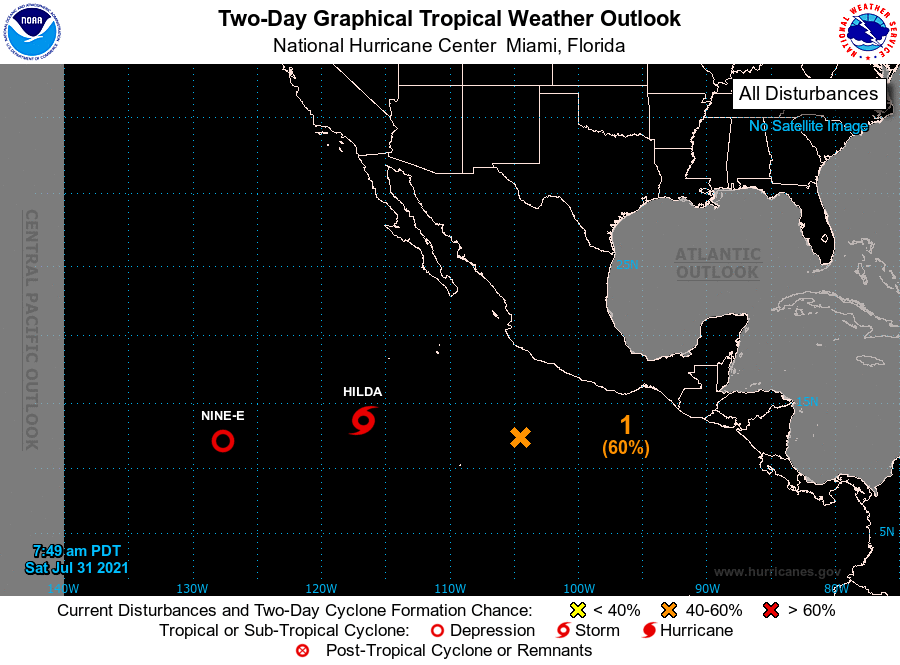
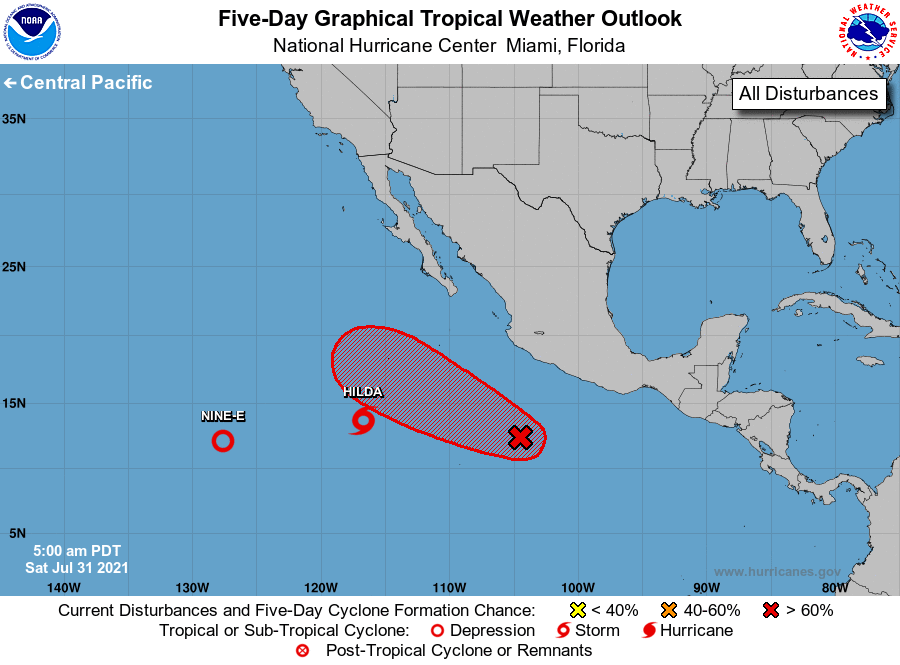
For the eastern North Pacific...east of 140 degrees west longitude:

The National Hurricane Center is issuing advisories on Tropical Storm Hilda, located about 750 miles south-southwest of the southern tip of the Baja California peninsula, and on Tropical Depression Nine-E, located about 1300 miles west-southwest of the southern tip of the Baja California peninsula.

1. Showers and thunderstorms are showing some signs of organization in association with a broad area of low pressure located about 400 miles south-southwest of the coast of southern Mexico. Continued gradual development of this system is expected, and a tropical depression is likely to form in a couple of days before environmental conditions become less conducive for development. This disturbance is expected to move west-northwestward at 10 to 15 mph, away from the coast of Mexico.
* Formation chance through 48 hours...medium...60 percent.
* Formation chance through 5 days...high...70 percent.

Public Advisories on Tropical Storm Hilda are issued under WMO header WTPZ33 KNHC and under AWIPS header MIATCPEP3. Forecast/Advisories on Tropical Storm Hilda are issued under WMO header WTPZ23 KNHC and under AWIPS header MIATCMEP3.

Public Advisories on Tropical Depression Nine-E are issued under WMO header WTPZ34 KNHC and under AWIPS header MIATCPEP4. Forecast/Advisories on Tropical Depression Nine-E are issued under WMO header WTPZ24 KNHC and under AWIPS header MIATCMEP4.

Forecaster Cangialosi